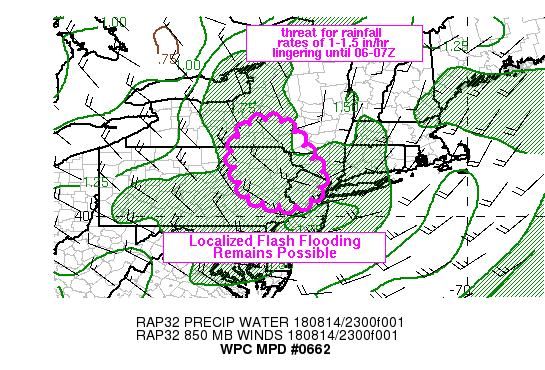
Areas affected...eastern NY/PA border into northwest NJ

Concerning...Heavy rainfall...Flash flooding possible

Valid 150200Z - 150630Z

SUMMARY...A flash flood threat will linger for another few hours
across portions of the eastern NY/PA border into northeastern PA
and northwestern NJ. Localized rainfall rates peaking in the 1 to
1.5 in/hr range can be expected with an additional 2-3 inches
expected by 06-07Z, before diminishing.

DISCUSSION...KBGM radar imagery over the past 1-2 hours showed
rainfall rates of 1-2 in/hr over Broome and Susquehanna counties
confirmed by surface observations, slowly translating
south-southeast. CIRA Layered PW imagery showed that the lingering
area of heavy rainfall rates was occurring within a region of deep
moisture just west of a mid-level low centered over eastern NY at
01Z, connected to a larger plume of moisture advancing through New
Brunswick by a narrow ribbon of moisture in the 700-500 mb layer.
SPC mesoanalysis data from 01Z showed MLCAPE along the eastern
NY/PA border was 500-1000 J/kg, coincident with the ongoing heavy
rain.

Training elements of heavy rain remain likely given that average
storm motions off toward the southeast are exceeded by a pocket of
stronger 850-700 mb northwesterly flow near 30 kt via area VAD
wind plots. Short term RAP forecasts show the mid-level low
advancing into central New England between 06-09Z with the ribbon
of higher low-mid level moisture to the west of the low center and
corridor of stronger 850-700 mb flow gradually lowering while
translating into northwest NJ through 06Z.

Given 3-hour Flash Flood Guidance is largely an inch or less along
the eastern NY/PA border into portions of eastern PA and northwest
NJ, flash flooding will remain possible with any local flare ups
of heavy rain, with the threat likely diminishing beyond about 06Z
as upper forcing becomes less favorable along with further
reductions to remaining CAPE.